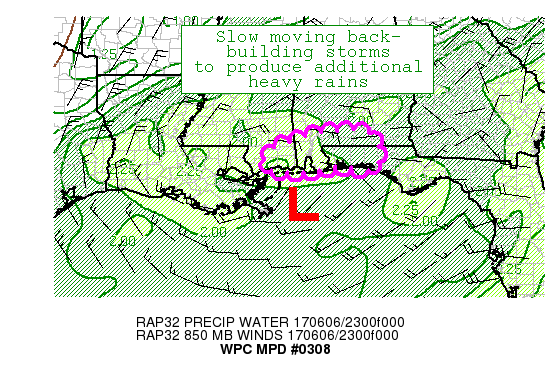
AREAS AFFECTED...SOUTHERN MS...SOUTHERN AL...WESTERN FL PANHANDLE

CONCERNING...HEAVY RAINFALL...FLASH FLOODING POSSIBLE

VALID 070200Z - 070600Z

SUMMARY...SLOW MOVING BACK-BUILDING CELLS ARE EXPECTED TO PRODUCE
ADDITIONAL HEAVY AMOUNTS OVER THE NEXT FEW HOURS.

DISCUSSION...NORTH OF A SLOW MOVING LOW DRIFTING ACROSS THE
NORTHERN GULF...THE 00 UTC SOUNDING FROM LIX SHOWS A HIGHLY
SATURATED ATMOSPHERE WITH PWS ABOVE 2 INCHES...WHILE A HIGH
FREEZING LEVEL AND WET BULB ZERO HEIGHT SUPPORTS HIGHLY EFFICIENT
WARM RAIN PROCESSES.  10-20 KT MOIST NORTHEASTERLY LOW LEVEL
INFLOW WITH WITH WEAK FLOW ALOFT WILL CONTINUE TO SUPPORT SLOW
MOVING...SOUTHWEST TO NORTHEAST BACK-BUILDING CELLS ACROSS THE
REGION.  THE 00 UTC HRRR SHOWS ADDITIONAL AMOUNTS OF 1-3 INCHES
THROUGH 05 UTC.  THESE AMOUNTS ARE LIKELY TO CAUSE CONCERNS...
ESPECIALLY ACROSS REGIONS THAT HAVE ALREADY RECEIVED HEAVY
RAINFALL.